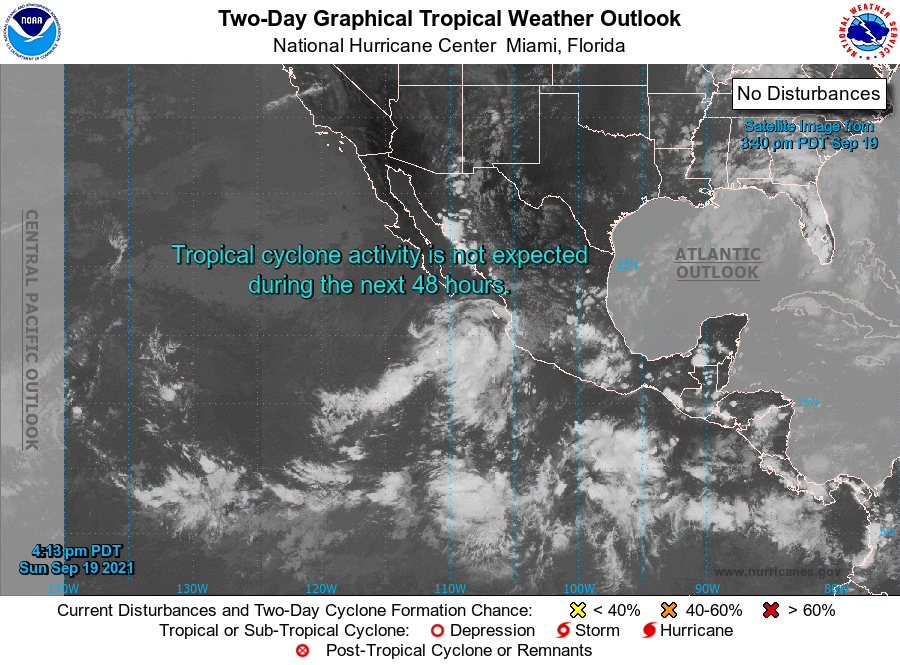
For the eastern North Pacific...east of 140 degrees west longitude:

1. An area of low pressure is forecast to form several hundred miles southwest of the southern tip of the Baja California peninsula within the next couple of days. Thereafter, some gradual development of this system is possible while it moves generally west-northwestward at 10 to 15 mph through the middle and latter parts of this week.
* Formation chance through 48 hours...low...near 0 percent.
* Formation chance through 5 days...low...30 percent.

Forecaster Reinhart